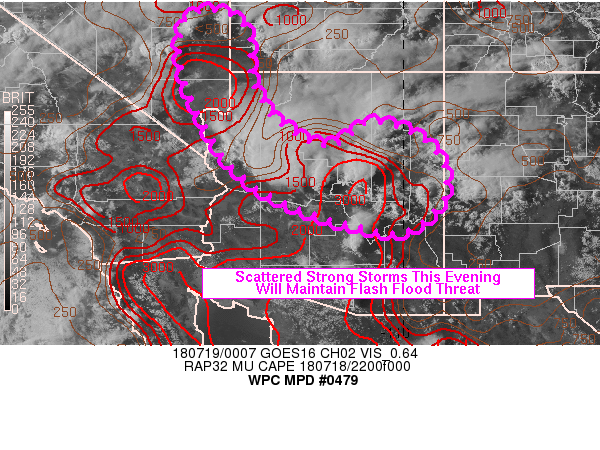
AREAS AFFECTED......CENTRAL AND NORTHERN ARIZONA...SOUTHEASTERN
NEVADA...FAR SOUTHWESTERN UTAH...

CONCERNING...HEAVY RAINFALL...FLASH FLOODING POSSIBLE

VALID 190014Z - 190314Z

SUMMARY...SCATTERED, SLOW-MOVING MONSOONAL THUNDERSTORMS WITH
HOURLY RAINFALL RATES UP TO 1.5-2.0 INCHES WILL CONTINUE TO POSE A
FLASH FLOOD RISK INTO THE EVENING HOURS.

DISCUSSION...LARGELY DEVOID OF UPPER LEVEL FORCING, CONVECTION
THIS AFTERNOON ONCE AGAIN INITIATED ACROSS THE MORE ELEVATED
TERRAIN WITH THE FAVORED UPSLOPE FLOW. ROBUST AVAILABLE DEEP-LAYER
INSTABILITY (MAXIMUM CAPE VALUES BETWEEN 1500-3000 J/KG) ALONG
WITH THE ABOVE-AVERAGE PW VALUES (BETWEEN 1-1.5 INCHES) WILL
CONTINUE TO SUPPORT HOURLY RAINFALL RATES IN THE 1.5 TO 2.0 INCH
RANGE INTO THE EARLY-MID EVENING HOURS, AS PER THE RECENT
OBSERVATIONAL AND RECENT WSR-88D RADAR ESTIMATES. THE WEAK
DEEP-LAYER FLOW AND INHERENT PULSE NATURE OF THE CONVECTION, ALONG
WITH THE DEGREE OF DOWNDRAFT CAPE, WILL MAINTAIN PROGRESSIVE
OUTFLOW BOUNDARIES WHICH WILL CONTINUE TO LIMIT THE DURATION HEAVY
RAINFALL (GENERALLY LESS THAN AN HOUR).

THE LATEST MESOSCALE GUIDANCE (INCLUDING MOST RECENT HRRR RUNS)
HAVE STRUGGLED WITH THE EVOLUTION OF THE CONVECTIVE PROGRESSION
MOVING OUT FROM THE HIGHER TERRAIN. NEVERTHELESS, THEY DO SHOW THE
POTENTIAL FOR 1.5-2.0"/HOUR RATES PERSISTING THROUGH 0300 UTC. THE
LATEST (1800 UTC) HREF 40 KM NEIGHBORHOOD PROBABILITIES DEPICT
THIS IDEA AS WELL.